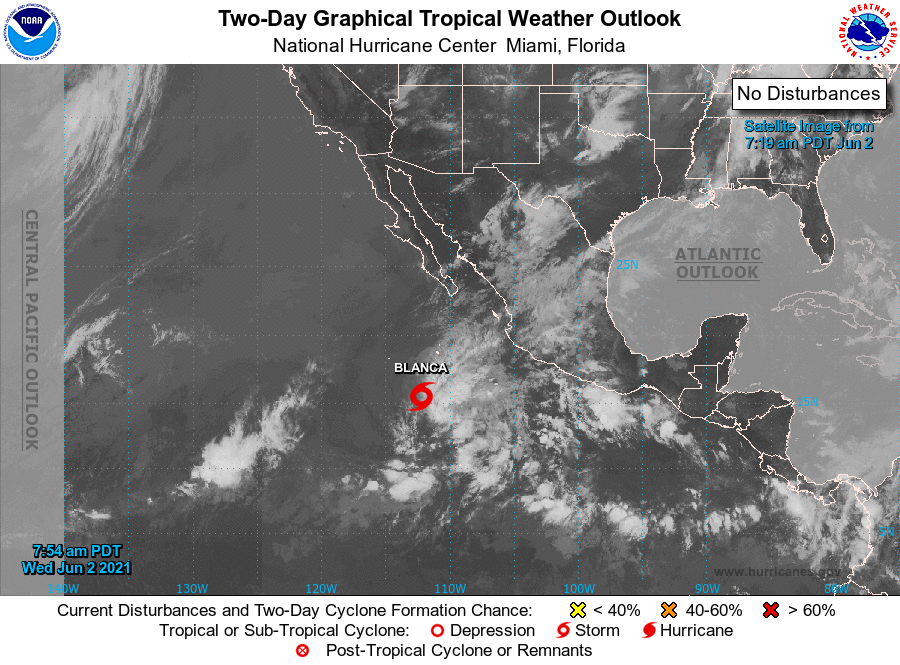
For the eastern North Pacific...east of 140 degrees west longitude:

The National Hurricane Center is issuing advisories on Tropical Storm Blanca, located over 500 miles south-southwest of the southern tip of the Baja California peninsula.

Tropical cyclone formation is not expected during the next 5 days.

Forecaster Papin/Stewart